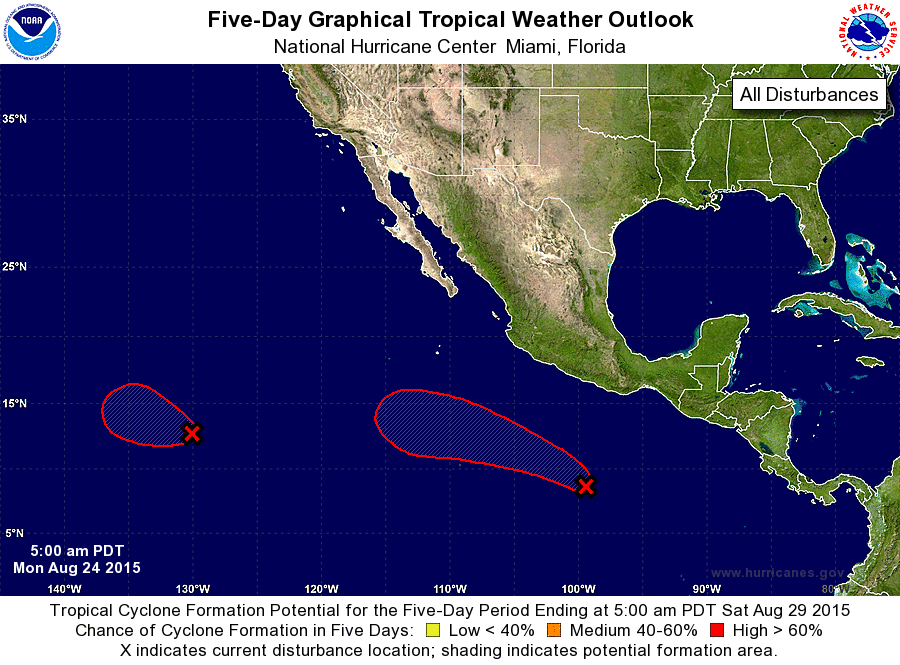
For the eastern North Pacific...east of 140 degrees west longitude:

1. Satellite data overnight that the circulation of the slow-moving low pressure area located about 1500 miles west-southwest of the southern tip of the Baja California peninsula is gradually becoming better defined. Shower and thunderstorm activity associated with this system has also become better organized since yesterday. Environmental conditions are expected to be conducive for continued gradual development, and a tropical depression is likely to form during the next day or two while the low begins to move slowly northwestward.
* Formation chance through 48 hours...medium...70 percent
* Formation chance through 5 days...high...80 percent

2. Disorganized shower activity located several hundred miles south of the coast of southwestern Mexico are associated with a tropical wave. Environmental conditions are expected to be conducive for gradual development of this disturbance, and a tropical depression is likely to form late this week while the system moves west- northwestward at 10 to 15 mph.
* Formation chance through 48 hours...low...10 percent
* Formation chance through 5 days...high...80 percent

Forecaster Kimberlain